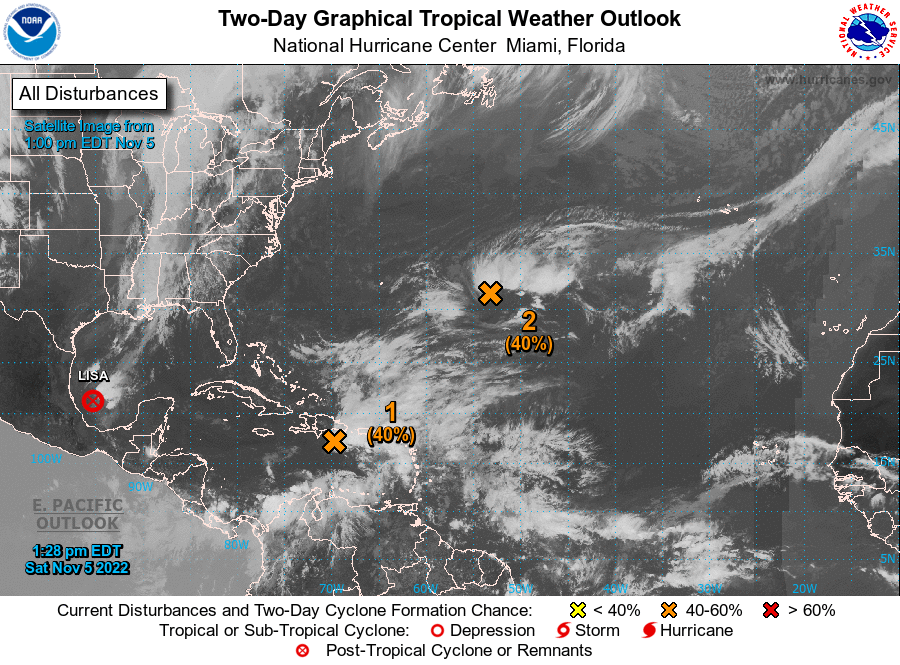
For the North Atlantic...Caribbean Sea and the Gulf of Mexico:

Active Systems: The National Hurricane Center has issued the last advisory on the remnants of Lisa, located over the southwestern Gulf of Mexico.

1. Southwestern Atlantic: A trough of low pressure located over the eastern Caribbean Sea is producing a large area of disorganized showers and thunderstorms. The trough is forecast to move northward over the southwestern Atlantic by Sunday, where a broad area of low pressure is expected to form north of Hispaniola. Environmental conditions are forecast to be conducive for gradual development, and a subtropical or tropical depression could form during the early part of next week while the system moves generally westward to west-northwestward over the southwestern Atlantic. Regardless of development, there is an increasing risk of coastal flooding, gale-force winds, heavy rainfall, rough surf, and beach erosion along much of the southeastern United States coast, the Florida east coast, and portions of the central and northwestern Bahamas during the early to middle part of next week. The disturbance is also expected to bring locally heavy rainfall to Puerto Rico and the Virgin Islands this weekend. Interests in those areas should monitor the progress of this system.
* Formation chance through 48 hours...medium...40 percent.
* Formation chance through 5 days...high...70 percent.

2. Central Subtropical Atlantic: Showers and thunderstorms associated with a non-tropical area of low pressure located several hundred miles east of Bermuda are beginning to show signs of organization. The system is producing gale-force winds, and is currently attached to a frontal system. The front is forecast to decay during the next day or so, and environmental conditions are expected to be conducive for some additional development. A tropical or subtropical depression could form within the next few days while the system moves northwestward, and then turns northeastward over the central Atlantic. After that time, the low is forecast to merge with a strong cold ending the chance of further development. Additional information on this system can be found in High Seas Forecasts issued by the National Weather Service.
* Formation chance through 48 hours...medium...40 percent.
* Formation chance through 5 days...medium...50 percent.

High Seas Forecasts issued by the National Weather Service can be found under AWIPS header NFDHSFAT1, WMO header FZNT01 KWBC, and online at ocean.weather.gov/shtml/NFDHSFAT1.php

Forecaster Brown